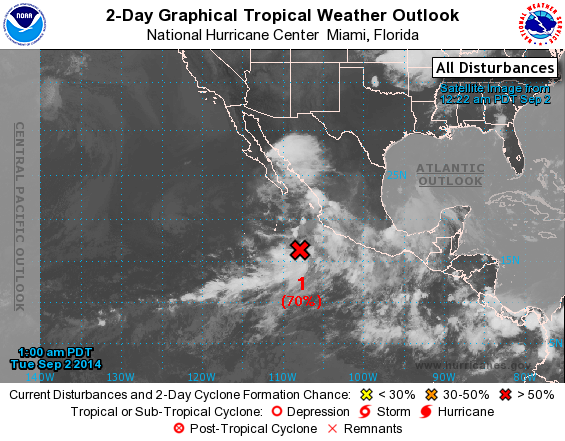
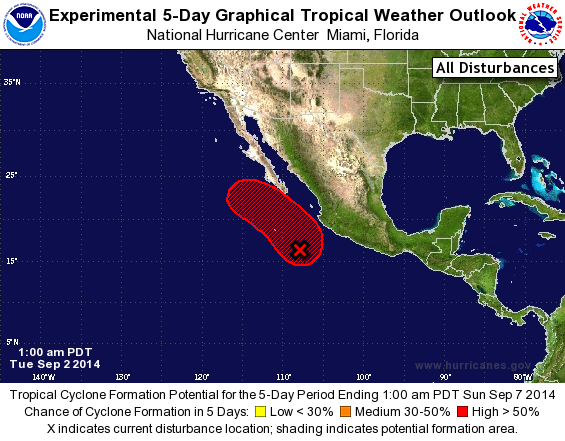
For the eastern North Pacific...east of 140 degrees west longitude:

Special Tropical Weather Outlook issued to update the discussion of the low pressure system southwest of Mexico.

1. Updated: Satellite-derived wind data indicate that the low pressure system located about 300 miles southwest of Manzanillo, Mexico, is producing a small area of gale-force winds. Although the associated shower and thunderstorm activity has not yet acquired sufficient organization or persistence for the low to be considered a tropical cyclone, only a slight increase in organization would lead to the development of a tropical storm, and advisories could be initiated later today. This system is expected to move slowly northward and then northwestward near the southwestern coast of Mexico and the extreme southern Baja California peninsula during the next few days, and interests in these areas should monitor the progress of the disturbance. Locally heavy rains could cause life-threatening flash floods and mud slides over portions of southwestern Mexico during the next few days.
* Formation chance through 48 hours...high...70 percent.
* Formation chance through 5 days...high...90 percent.

For additional information on the low please see High Seas Forecasts issued by the National Weather Service...under AWIPS header NFDHSFEPI and WMO header FZPN01 KWBC.

Forecaster Berg